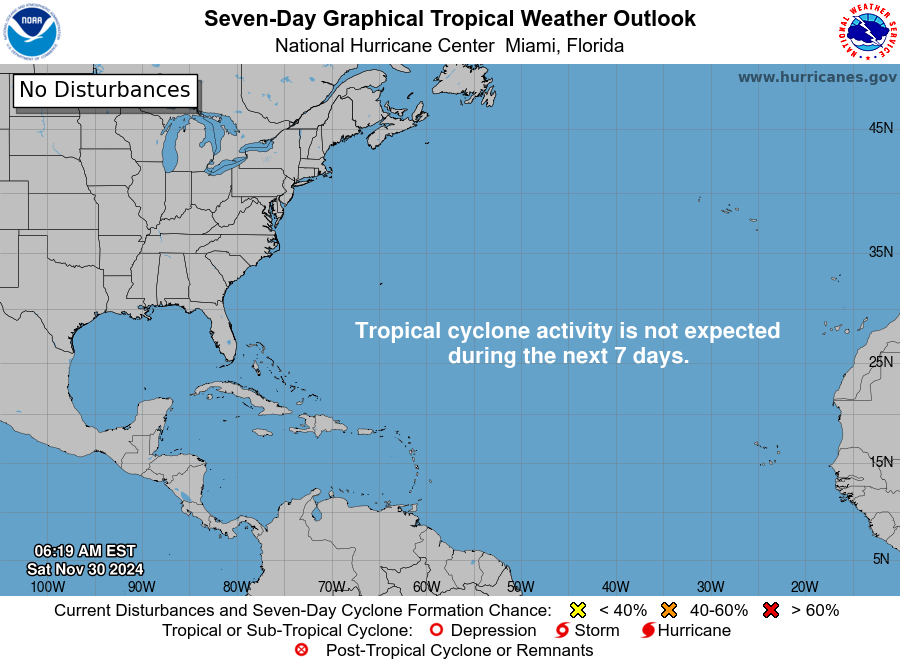
For the North Atlantic...Caribbean Sea and the Gulf of Mexico:

Tropical cyclone formation is not expected during the next 7 days.

Forecaster Reinhart